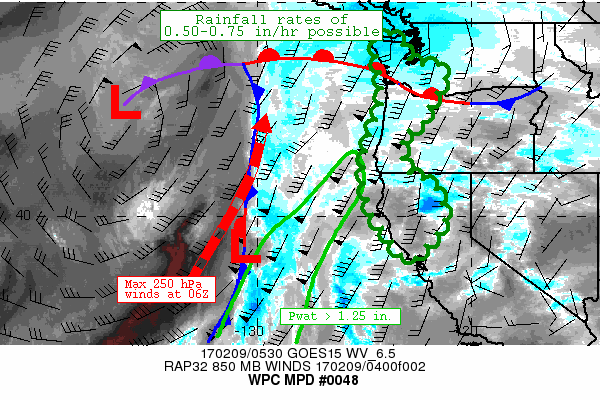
AREAS AFFECTED...WESTERN WA AND OR...NORTHERN CA

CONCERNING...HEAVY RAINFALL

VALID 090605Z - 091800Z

SUMMARY...AN IMPRESSIVE SURGE IN LOW-LEVEL MOISTURE FLUX IS
EXPECTED TO REACH THE WEST COAST WITHIN THE NEXT FEW HOURS. RAIN
RATES SHOULD INCREASE ACROSS THE COASTAL RANGES OF NORTHERN CA,
THE NORTHERN SIERRA NEVADA, AND THE COASTAL RANGES OF OREGON AND
WASHINGTON, AS WELL AS PORTIONS OF THE CASCADES. RAINFALL RATES IN
THE 0.50-0.75 IN/HR RANGE ARE POSSIBLE OF MUCH OF THE OUTLINED
AREA, WITH RATES NEAR 0.50 IN/HR POSSIBLE ACROSS THE OLYMPICS.

DISCUSSION...A PLUME OF DEEP TROPICAL MOISTURE IS STREAMING
NORTHWARD AHEAD OF A DEEPENING LOW PRESSURE SYSTEM ACROSS THE
NORTH PACIFIC. LATEST AMSU 89GHZ PASS INDICATES A T-BONE LIKE
FRONTAL STRUCTURE WITH A WAVE OF LOW PRESSURE ALONG THE FRONT NEAR
39N/131W. THE PRIMARY MOISTURE PLUME/ATMOSPHERIC RIVER WAS
OBSERVED AHEAD OF THIS SURFACE LOW, WITH THE LATEST BLENDED TPW
DATA INDICATING PWATS IN THE 1.25 TO 1.6 INCH RANGE IN THIS
REGION. ACCORDING TO LATEST RUNS OF THE GLOBAL MODELS, THE
ATMOSPHERIC RIVER WAS POSITIONED WITHIN THE FAVORABLE DIVERGENT
RIGHT-REAR QUADRANT OF A >150 KT JET STREAM CENTERED NEAR
42N/130W. AT THE LOWER LEVELS, LATEST GLOBAL MODELS SUGGEST SSW
FLOW OF 40-60 KT WITHIN THE ATMOSPHERIC RIVER. LATEST MICROWAVE
ESTIMATED RAINFALL RATES OFFSHORE WITHIN THE PLUME WERE FROM 0.10
TO 0.3 IN/HR.

RAINFALL RATES ARE EXPECTED TO INCREASE FIRST AT THE COAST
FOLLOWED BY FARTHER INLAND AS THE MOISTURE PLUME MOVES ONSHORE
OVER THE NEXT FEW HOURS. ADDITIONALLY, UPPER DIVERGENCE WILL
GRADUALLY INCREASE AS THE NOTED 250 HPA JET STREAM MOVES
NORTHEASTWARD. THE LATEST WRF-ARW AND NMM DATA SUGGEST THAT RAIN
RATES NEAR 0.50 IN/HR ARE POSSIBLE ACROSS SWRN OR AND NWRN CA AS
SOON AS 08-09Z, WITH THESE RATES EXPANDING AFTER THAT TIME.
WRF-ARW AND NMM OUTPUT ALSO SUGGESTS THAT RATES COULD APPROACH
0.75 IN/HR IN PORTIONS OF THE OR AND NRN CA COASTAL RANGES AFTER
12Z. DUE TO THE PROLONGED PERIOD OF ONSHORE FLOW, SNOW LEVELS HAVE
INCREASED SUBSTANTIALLY AND PRECIPITATION IS EXPECTED TO FALL AS
RAIN EVEN AT MANY HIGHER ELEVATION LOCATIONS IN THE NORTHERN
SIERRA NEVADA AND PORTIONS OF THE CASCADES. THROUGH 18Z,
ADDITIONAL RAINFALL AMOUNTS OF 2 TO 4 INCHES ARE POSSIBLE, WITH
LOCALLY HIGHER AMOUNTS IN THE FAVORED TERRAIN. ADDITIONAL RAIN
ALONG WITH RISING SNOW LEVELS AND SNOW MELT WILL EXACERBATE
FLOODING AND POTENTIAL ROCK/MUD SLIDE CONCERNS ACROSS THE OUTLINED
AREA.